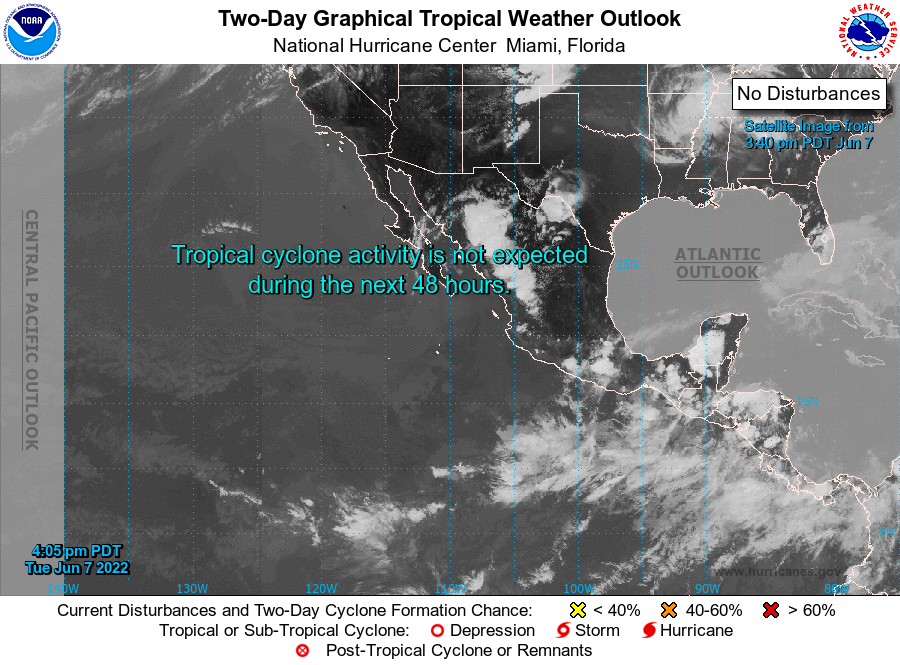
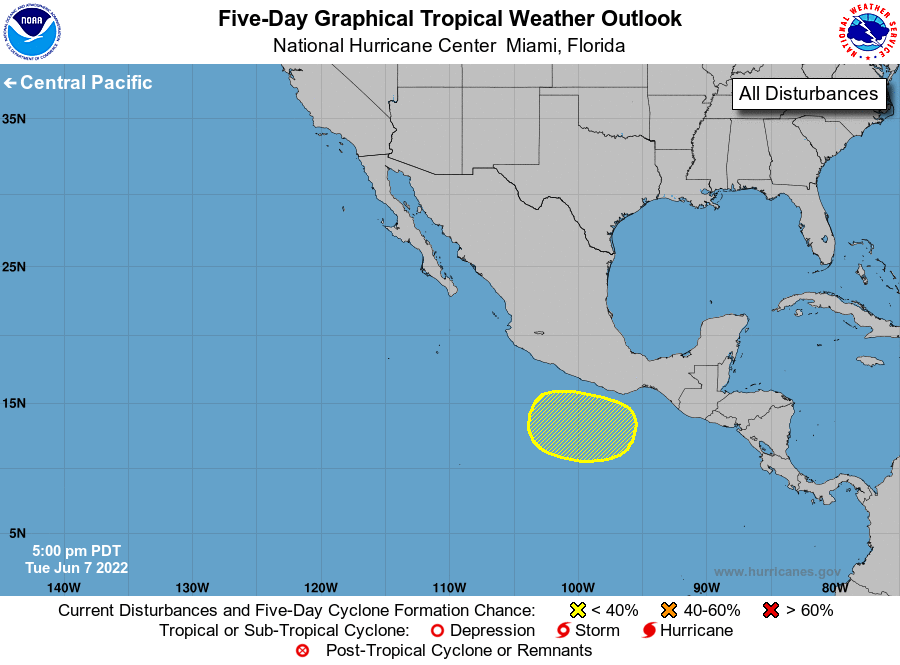
For the eastern North Pacific...east of 140 degrees west longitude:

1.

1. Off the coast of southern Mexico: An area of low pressure is forecast to form off the coast of southern Mexico later this week. Some development of this system is possible thereafter while it moves little or drifts northward.
* Formation chance through 48 hours...low...near 0 percent.
* Formation chance through 5 days...low...30 percent.

Forecaster Bucci/Cangialosi